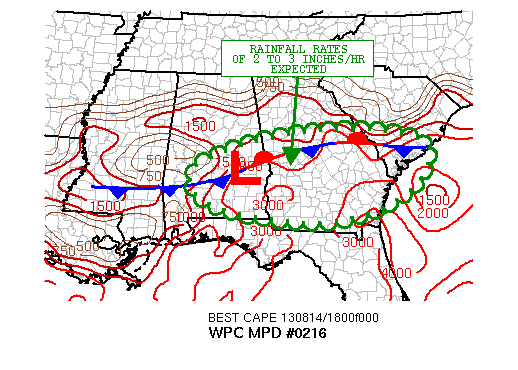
AREAS AFFECTED...CENTRAL AND SOUTHERN AL...CENTRAL AND SOUTHERN
GA...SOUTHERN SC

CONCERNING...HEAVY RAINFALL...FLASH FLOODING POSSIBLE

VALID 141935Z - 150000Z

SUMMARY...SLOW-MOVING CONVECTION SHOULD TEND TO EXPAND IN COVERAGE
OVER THE NEXT FEW HOURS WHILE PRODUCING SOME VERY HEAVY RAINFALL
RATES. EXPECTED AT LEAST SOME POTENTIAL FOR FLASH FLOODING.

DISCUSSION...THE LATEST IR SATELLITE IMAGERY SHOWS GRADUALLY
COOLING CLOUD TOPS IN ASSOC WITH A BROKEN CLUSTER OF SHWRS/TSTMS
OVER CNTRL AL. THIS ACTIVITY IS ASSOCD WITH A WEAK AREA OF LOW
PRESSURE MOVING VERY SLOWLY EASTWARD ALONG A FRONT THAT IS NOW
DRAPED ACROSS THE GULF COAST STATES. WV IMAGERY IS SUGGESTING
INCREASINGLY DIV FLOW ALOFT AS SHORTWAVE ENERGY DIGS ACROSS THE
THE LWR MS VLY. THIS WILL BE HELPING TO ENHANCE LARGE SCALE
ASCENT...AND THIS COUPLED WITH STRONG DIURNALLY DRIVEN INSTABILITY
SHOULD ALLOW FOR AN EXPANSION IN CONVECTIVE COVERAGE THE NEXT FEW
HOURS.

PWATS OF 2 TO 2.25 INCHES AS PER LATEST GOES-SOUNDER AND GPS DATA
AND THE THREAT FOR CELL MERGERS WILL BE SUPPORTIVE OF RAINFALL
RATES OF 2 TO 3 INCHES/HR. THIS COUPLED WITH VERY SLOW EASTWARD
PROGRESSION WILL SUPPORT LOCALLY VERY HVY RAINFALL TOTALS...THAT
COULD LOCALLY EXCEED 5 INCHES THROUGH THE EVENING. DESPITE RATHER
HIGH FFG VALUES...THE INTENSE SHORT-TERM RAINFALL RATES WILL
INCREASE THE POTENTIAL FOR FLASH FLOODING. WILL CONTINUE TO
MONITOR.